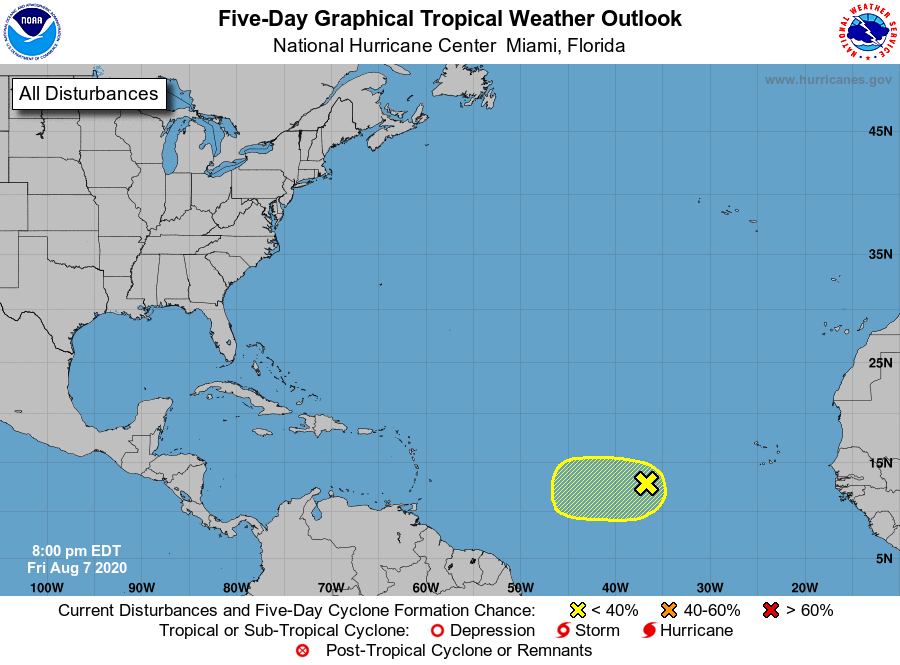
For the North Atlantic...Caribbean Sea and the Gulf of Mexico:

1. A tropical wave located several hundred miles west-southwest of the Cabo Verde Islands is currently accompanied by a few showers and thunderstorms. Slow development of this system is possible during the next couple of days while it moves slowly westward. After that time, environmental conditions are expected to become less conducive for development.
* Formation chance through 48 hours...low...10 percent.
* Formation chance through 5 days...low...10 percent.

Forecaster Pasch